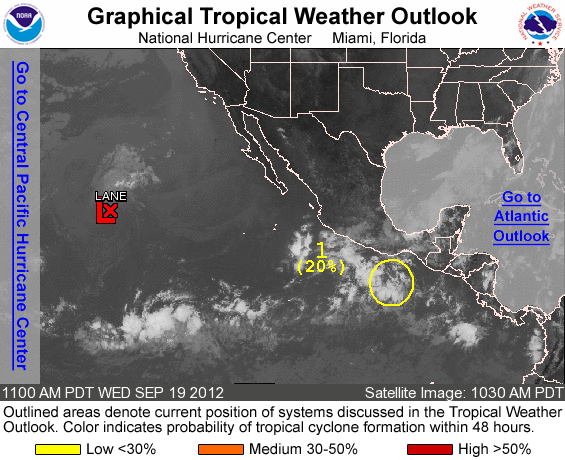
FOR THE EASTERN NORTH PACIFIC...EAST OF 140 DEGREES WEST LONGITUDE..

THE NATIONAL HURRICANE CENTER HAS ISSUED THE FINAL ADVISORY ON POST-TROPICAL CYCLONE LANE...LOCATED ABOUT 1380 MILES WEST OF THE SOUTHERN TIP OF BAJA CALIFORNIA.

1. A BROAD LOW PRESSURE SYSTEM LOCATED ABOUT 400 MILES SOUTH-SOUTHEAST OF ACAPULCO MEXICO CONTINUES TO PRODUCE A LARGE AREA OF CLOUDINESS AND SHOWERS FROM THE GULF OF TEHUANTEPEC AND EXTENDING SOUTHWARD OVER THE EASTERN NORTH PACIFIC FOR SEVERAL HUNDRED MILES. ENVIRONMENTAL CONDITIONS ARE EXPECTED TO BE CONDUCIVE FOR GRADUAL DEVELOPMENT OF THIS DISTURBANCE OVER THE NEXT FEW DAYS AS IT MOVES WESTWARD AT 5 TO 10 MPH. THIS SYSTEM HAS A LOW CHANCE...20 PERCENT...OF BECOMING A TROPICAL CYCLONE DURING THE NEXT 48 HOURS.

ELSEWHERE...TROPICAL CYCLONE FORMATION IS NOT EXPECTED DURING THE NEXT 48 HOURS.

FORECASTER STEWART